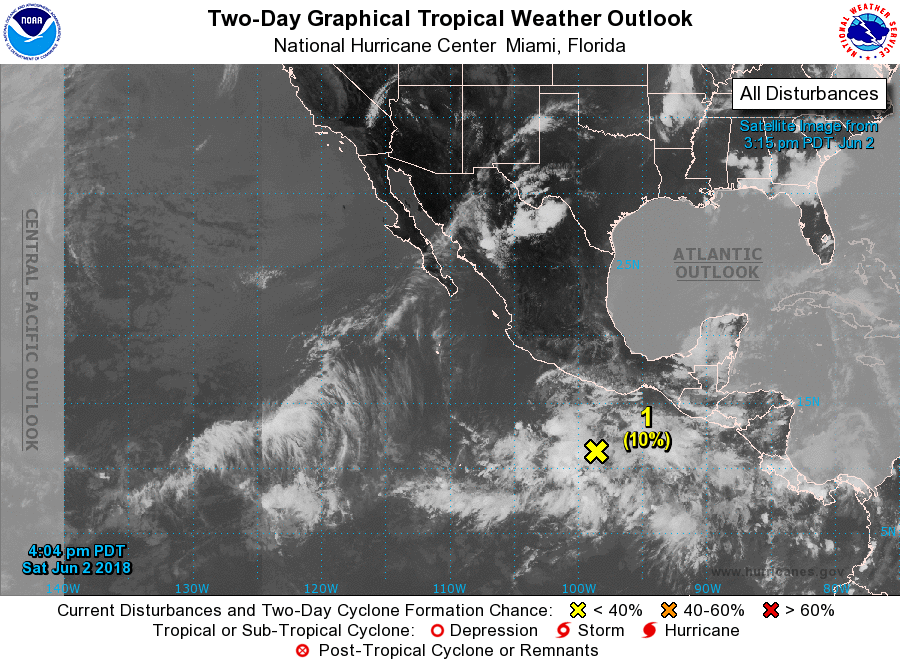
For the eastern North Pacific...east of 140 degrees west longitude:

1. A large area of disorganized showers and thunderstorm has formed a few hundred miles south of the southern coast of Mexico. Environmental conditions are expected to support gradual development of this system over the next several days, and a tropical depression is likely to form on Wednesday or Thursday while it moves slowly west-northwestward.
* Formation chance through 48 hours...low...10 percent.
* Formation chance through 5 days...high...70 percent.

Forecaster Blake